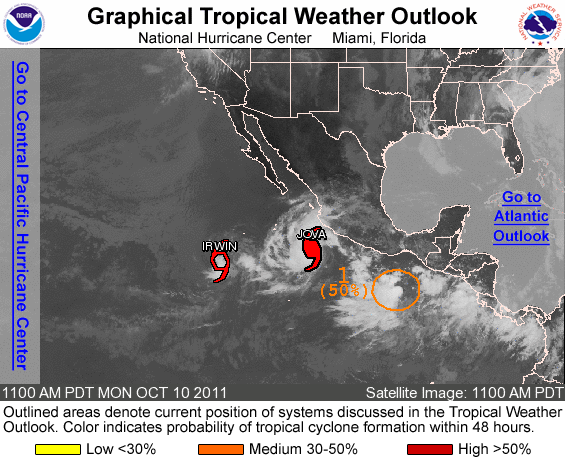
FOR THE EASTERN NORTH PACIFIC...EAST OF 140 DEGREES WEST LONGITUDE..

THE NATIONAL HURRICANE CENTER IS ISSUING ADVISORIES ON HURRICANE JOVA...LOCATED ABOUT 220 MILES SOUTHWEST OF MANZANILLO MEXICO...AND ON TROPICAL STORM IRWIN...LOCATED ABOUT 745 MILES SOUTHWEST OF THE SOUTHERN TIP OF BAJA CALIFORNIA.

1. SHOWER AND THUNDERSTORM ACTIVITY ASSOCIATED WITH A LOW PRESSURE SYSTEM LOCATED A FEW HUNDRED MILES SOUTH OF THE GULF OF TEHUANTEPEC HAS CHANGED LITTLE AND REMAINS DISPLACED TO THE WEST OF THE CENTER OF CIRCULATION. HOWEVER...UPPER-LEVEL WINDS COULD BECOME A LITTLE MORE CONDUCIVE FOR DEVELOPMENT OVER THE NEXT COUPLE OF DAYS AS THE LOW MOVES GENERALLY TOWARD THE NORTHEAST AT 5 TO 10 MPH. THIS SYSTEM HAS A MEDIUM CHANCE...50 PERCENT...OF BECOMING A TROPICAL CYCLONE DURING THE NEXT 48 HOURS. INTERESTS ALONG THE PACIFIC COASTS OF SOUTHEASTERN MEXICO...GUATEMALA...EL SALVADOR...HONDURAS...AND NICARAGUA SHOULD MONITOR THE PROGRESS OF THIS DISTURBANCE.

ELSEWHERE...TROPICAL CYCLONE FORMATION IS NOT EXPECTED DURING THE NEXT 48 HOURS.

FORECASTER STEWART